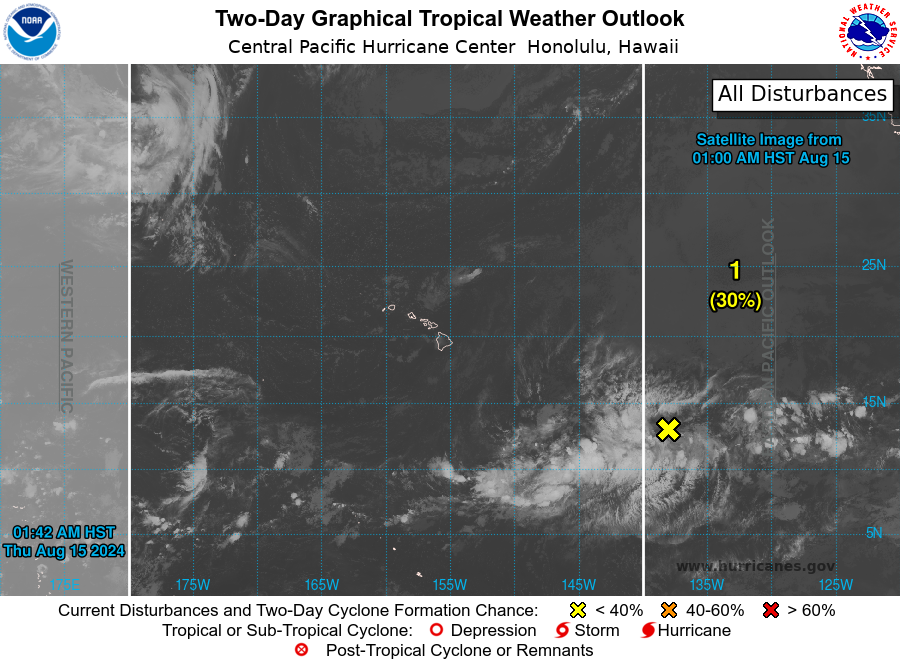
For the central North Pacific...between 140W and 180W:

1. Well Southeast of the Hawaiian Islands: Disorganized showers and thunderstorms located about a thousand miles east-southeast of the Hawaiian Islands are associated with a trough of low pressure. Environmental conditions appear conducive for gradual development of this system, and a tropical depression could form this weekend or early next week while moving west-northwestward at about 10 mph.
* Formation chance through 48 hours...low...30 percent.
* Formation chance through 7 days...medium...60 percent.

Elsewhere, no tropical cyclones are expected during the next 7 days.

Forecaster Jelsema